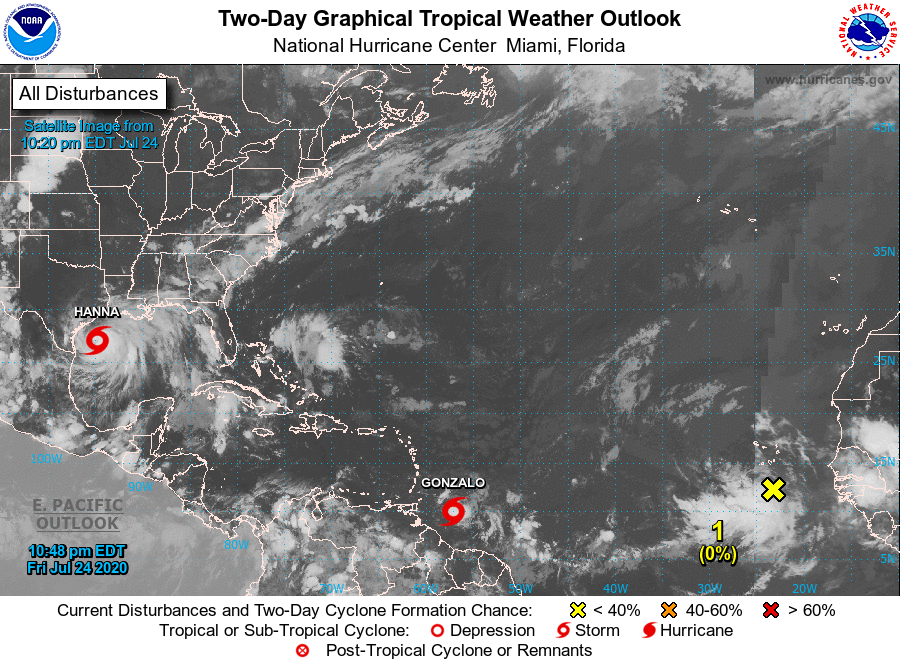
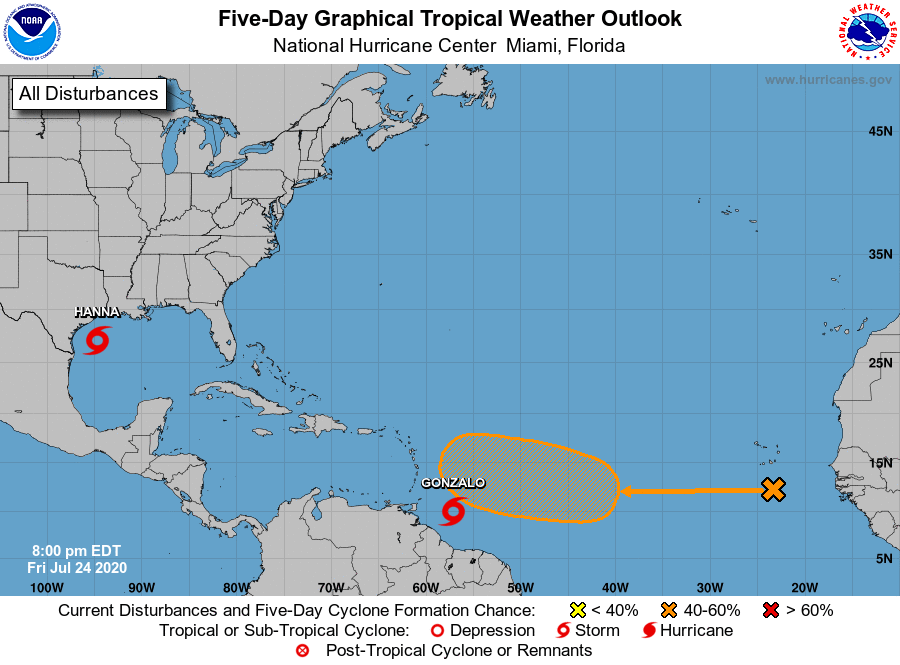
For the North Atlantic...Caribbean Sea and the Gulf of Mexico:

The National Hurricane Center is issuing advisories on Tropical Storm Gonzalo, located a few hundred miles east of the southern Windward Islands.

The National Hurricane Center is also issuing advisories on Tropical Storm Hanna, located over the western Gulf of Mexico less than 200 miles east of Corpus Christi, Texas.

1. A tropical wave is producing an area of disorganized showers and thunderstorms a few hundred miles south of Cabo Verde Islands. This wave is expected to move westward during the next several days, and it could become a tropical depression early next week when it reaches the western tropical Atlantic.
* Formation chance through 48 hours...low...near 0 percent.
* Formation chance through 5 days...medium...50 percent.

Forecaster Cangialosi